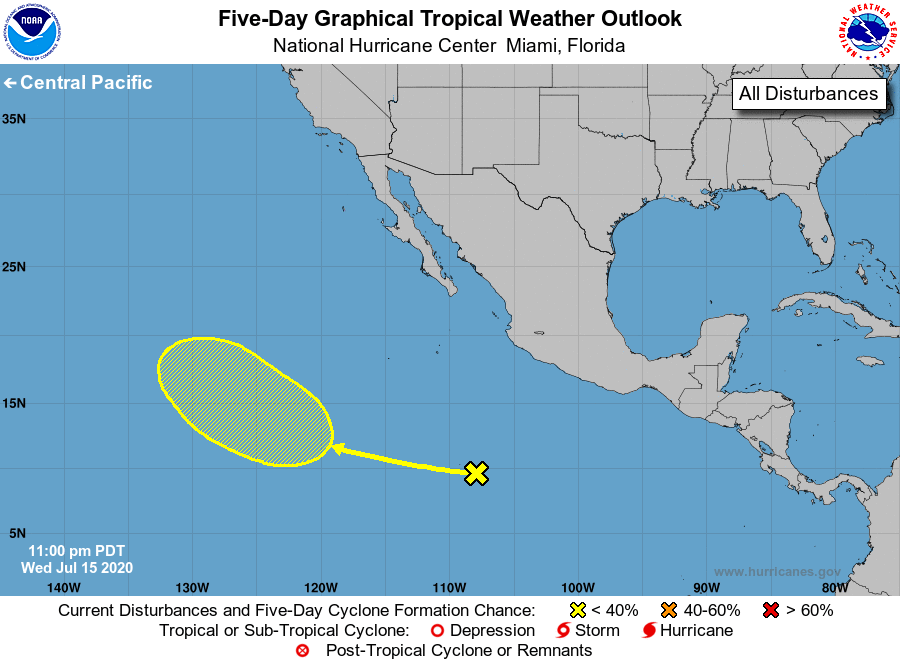
For the eastern North Pacific...east of 140 degrees west longitude:

1. A tropical wave is producing an area of disorganized showers and thunderstorms several hundred miles south-southwest of the coast of southwestern Mexico. An area of low pressure is forecast to form from this system in a few days, and some development is possible over the weekend or early next week while it moves toward the west-northwest or northwest.
* Formation chance through 48 hours...low...near 0 percent.
* Formation chance through 5 days...low...30 percent.

Forecaster Pasch